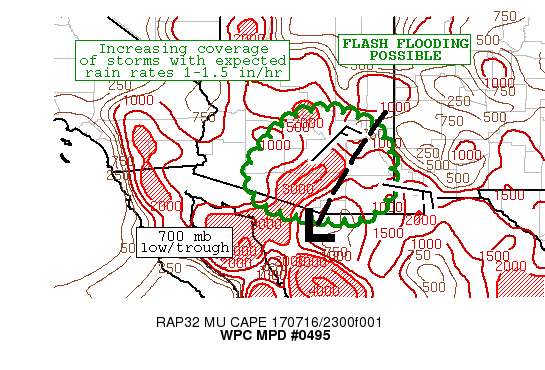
AREAS AFFECTED...CNTRL/SRN/SERN AZ

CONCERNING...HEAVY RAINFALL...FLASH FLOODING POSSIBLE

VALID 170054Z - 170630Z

SUMMARY...AN INCREASING THREAT FOR SCATTERED FLASH FLOODING SHOULD
DEVELOP OVER PORTIONS OF CNTRL AND SERN AZ THROUGH 06Z. SLOW
MOVEMENT/BRIEF TRAINING OF CELLS MAY CONTAIN RAINFALL RATES OF 1
TO 1.5 IN/HR.

DISCUSSION...ANOMALOUSLY HIGH PRECIPITABLE WATER VALUES...1.7 TO
1.9 INCHES...ARE IN PLACE ACROSS THE SRN HALF OF AZ. THE 00Z RAOB
FROM TUS MEASURED 1.72 INCHES WITH NEARLY 1500 J/KG OF CAPE AND
LITTLE TO NO CIN. JUST SOUTH OF THE AZ/MX BORDER WAS A SOMEWHAT
ILL DEFINED LOW CENTERED NEAR 700 MB WITH A WELL DEFINED TROUGH
AXIS AND WIND SHIFT EXTENDING NEWD FROM THE LOW CENTER. REGIONAL
RADAR IMAGERY SHOWED WIDELY SCATTERED THUNDERSTORMS IN PLACE
ACROSS E-CNTRL AND SERN AZ...MOVING WSW AT 5-15 KT AND A RECENT
UPTICK IN CONVECTION WAS NOTED OVER SERN PINAL COUNTY AT 0030Z.

AS THE LOW/TROUGH CONTINUES TO SLOWLY MOVE WEST...RECENT RUNS OF
THE HRRR AND MORE NOTABLY THE ESRL EXPERIMENTAL HRRR HAVE BEEN
ADVERTISING AN INCREASE IN CONVECTION OVER THE HIGHER TERRAIN OF
SERN AZ BETWEEN 02Z AND 03Z. INITIAL CELLS ARE EXPECTED TO EXHIBIT
SLOW MOVEMENT OVER SERN AZ BUT DEWPOINT DEPRESSIONS OF 30-40F ARE
IN PLACE TO THE WEST NOTED WITH CGZ AND SURROUNDING STATIONS WHICH
MAY PROMOTE OUTFLOW DOMINANCE. WHILE CONFIDENCE IS ONLY MODERATE
WITH THE EXPECTED COVERAGE OF CONVECTION GOING PAST 03Z
TONIGHT...A SLIGHT INCREASE IN 700 MB WINDS FROM THE NORTHEAST
OVERNIGHT WOULD SUPPORT SOME BRIEF TRAINING AND LOCALLY HEAVY
RAINFALL RATES THROUGH 06Z BEFORE STORMS POTENTIALLY PROPAGATE TO
THE WEST IN A MORE PROGRESSIVE MANNER.